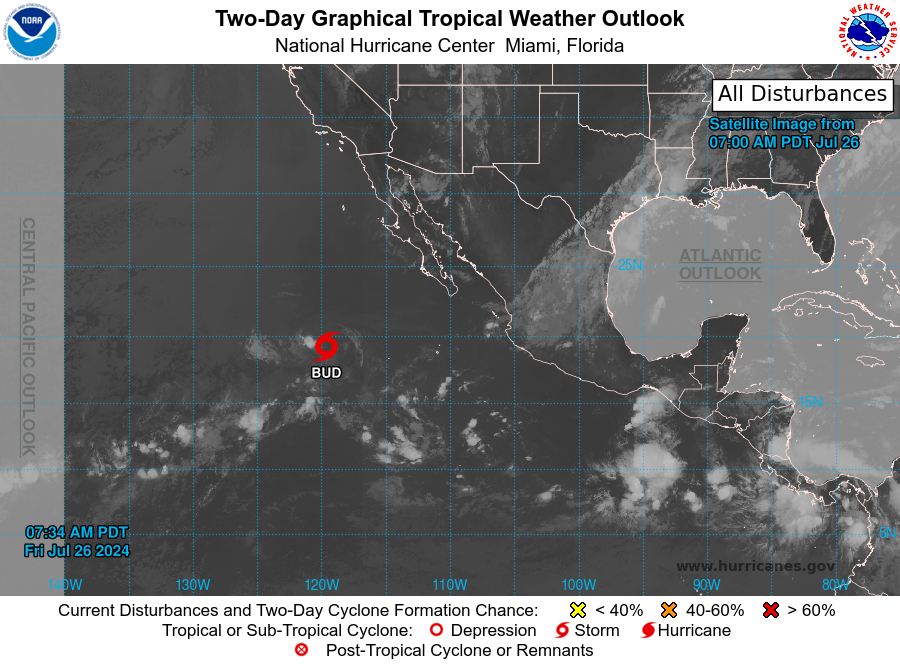
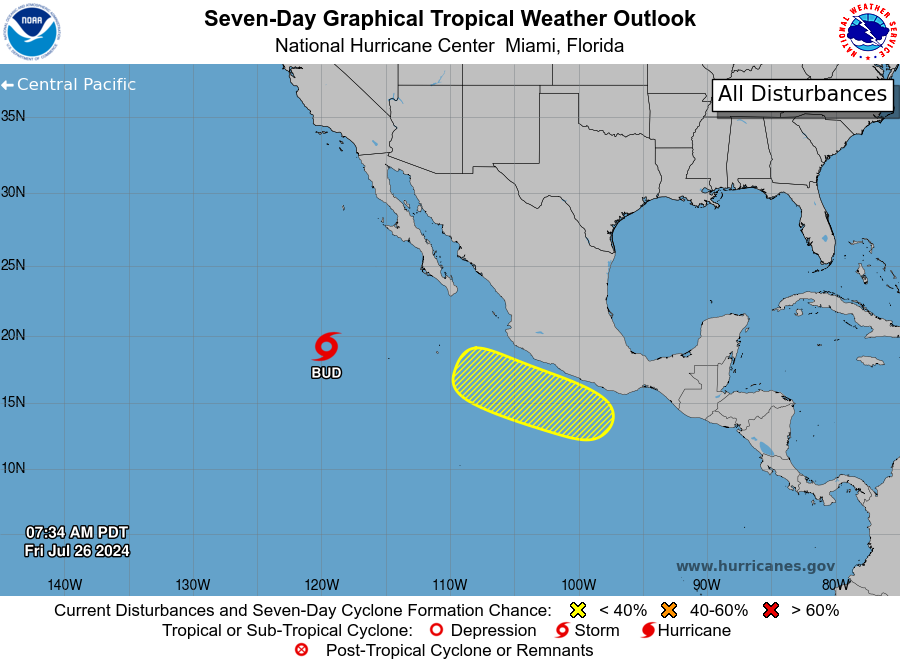
For the eastern North Pacific...east of 140 degrees west longitude:

Active Systems: The National Hurricane Center is issuing advisories on Tropical Storm Bud, located several hundred miles west-southwest of the southern tip of the Baja California Peninsula.

1. South of Southern Mexico: An area of low pressure could form by the middle of next week a few hundred miles south of the coast of southern Mexico. Some slow development is possible after that time as the system moves west-northwestward at 10 to 15 mph parallel to the coast of Mexico.
* Formation chance through 48 hours...low...near 0 percent.
* Formation chance through 7 days...low...20 percent.

Forecaster Kelly